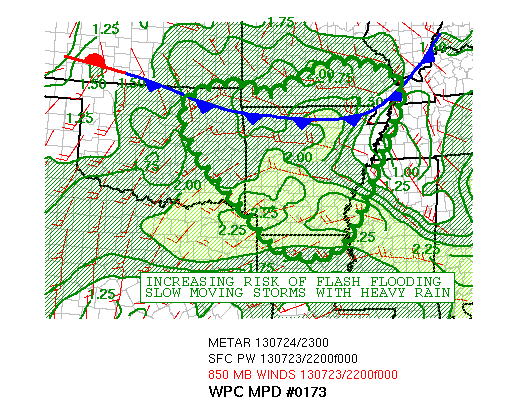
AREAS AFFECTED...AR...EASTERN OK...SOUTHERN MO...FAR NORTHERN LA

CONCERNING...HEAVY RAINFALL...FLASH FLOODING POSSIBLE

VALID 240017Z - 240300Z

SUMMARY...THERE IS AN INCREASING RISK OF FLASH FLOODING OVER PARTS
OF THE SOUTHERN PLAINS AS A SURFACE FRONT AND LOW/MID LEVEL
DISTURBANCE APPROACH FROM THE NORTHWEST.

DISCUSSION...THE AIRMASS OVER THE SOUTHERN PLAINS WAS VERY
UNSTABLE WITH 00Z SOUNDINGS FROM SPRINGFIELD MO SHOWING NEARLY 540
J PER KG OF CAPE AND LITTLE CIN.  CONVECTION WHICH DEVELOPED OVER
THE LATE AFTERNOON AND EARLY EVENING ACROSS PARTS OF MO AND AR
WILL BE EVOLVING INTO HEAVY RAIN PRODUCERS THROUGH THE EVENING AS
THE CONVECTION MOVES INTO AN AREA WHERE PRECIPITABLE WATER VALUES
WERE IN EXCESS OF 2 INCHES.

GIVEN THE DIRECTION OF CELL MOTION TOWARDS THE SOUTHEAST AND FLOW
FROM THE SOUTHWEST A FEW THOUSAND FEET OFF THE GROUND...THINK THAT
THESE STORMS SHOULD CONTINUE TO HAVE A RELIABLE FEED OF MOISTURE.
IN ADDITION...THIS CONFIGURATION COMBINED WITH WITH DIFLUENT FLOW
ALOFT SUGGESTS THERE IS POTENTIAL FOR STORMS TO BACK BUILD OVER
THE NEXT FEW HOURS.

RAINFALL RATES OF 1 TO 2 INCHES PER HOUR COULD RESULT IN LOCALIZED
RAINFALL AMOUNTS OF 3 TO 4 INCHES.